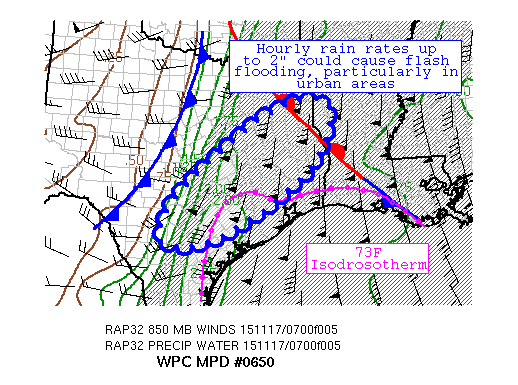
AREAS AFFECTED...SOUTHEAST TX

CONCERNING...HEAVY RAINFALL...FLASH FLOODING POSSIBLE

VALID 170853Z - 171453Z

SUMMARY...THUNDERSTORMS ARE BEGINNING TO FORM AND SHOW SOME
TRAINING CHARACTER BETWEEN AUSTIN AND HOUSTON TX.  WITH HOURLY
RAIN RATES UP TO 2" POSSIBLE, FLASH FLOODING IS POSSIBLE.

DISCUSSION...AN AREA OF THUNDERSTORMS IS FORMING INSIDE THE MIDDLE
TX COAST, ASSOCIATED WITH A SLIGHTLY CONVERGENT AREA AT 850 HPA
AND A DIVERGENT AREA ALOFT NEAR THE SUBTROPICAL JET STREAM.  IT
ALSO LIES NEAR THE FRINGE OF THE 73F ISODROSOTHERM.  PRECIPITABLE
WATER VALUES OF 1.8-2.2" HAVE BEEN REPORTED RECENTLY VIA GPS.
LOW-LEVEL INFLOW IS SIGNIFICANT, OUT OF THE SOUTH NEAR 50 KTS,
SLIGHTLY EXCEEDING THE MEAN 850-400 HPA WIND.  MUCAPES IN THE
REGION ARE 1000-2000 J/KG.  HOURLY RAIN RATES UP TO 1" HAVE BEEN
SHOWN VIA DUAL POL RADARS IN THE AREA.

THE 00Z ARW, 00Z NMMB, AND 00Z CANADIAN REGIONAL MODELS HAD THE
BEST IDEA CONCERNING THE EXISTENCE AND PLACEMENT OF THIS
CONVECTIVE AREA.  CURRENTLY, THE THUNDERSTORMS SHOW MINIMAL
ORGANIZATION AND ARE TRAVELING WITH THE MEAN WIND.  WITH TIME, THE
STORMS COULD ORGANIZE AND TURN MORE TO THE EAST-NORTHEAST.  THE
GUIDANCE THAT FORECAST THESE THUNDERSTORMS ADVERTISED LOCAL
AMOUNTS IN THE 2-4" RANGE, WHICH COULD FALL QUICKLY.  HOURLY RAIN
RATES UP TO 2" ARE POSSIBLE HERE, MAINLY DUE TO CELL TRAINING,
THOUGH TOWARDS THE END OF THE PERIOD, CELL MERGERS WITH THE
APPROACHING SQUALL LINE/COLD FRONT ARE POSSIBLE.  THE ADVERTISED
RAINFALL AMOUNTS WOULD CHALLENGE THREE HOUR FLASH FLOOD GUIDANCE
VALUES ACROSS THE REGION.  FLASH FLOODING IS CONSIDERED POSSIBLE,
PARTICULARLY WITHIN URBAN AREAS.